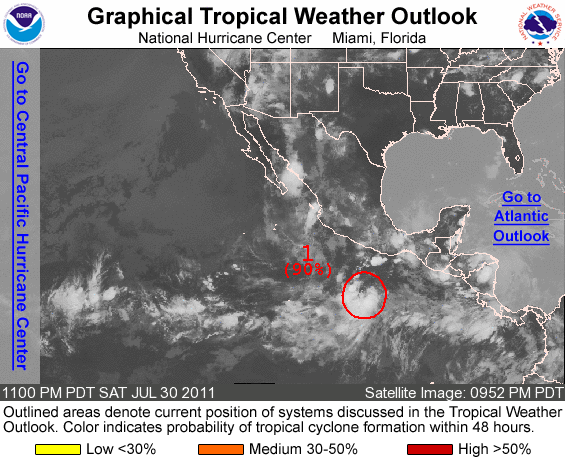
FOR THE EASTERN NORTH PACIFIC...EAST OF 140 DEGREES WEST LONGITUDE..

1. SHOWERS AND THUNDERSTORMS HAVE QUICKLY BECOME BETTER ORGANIZED NEAR A LOW CENTERED ABOUT 400 MILES SOUTH OF ACAPULCO MEXICO...AND ENVIRONMENTAL CONDITIONS ARE CONDUCIVE FOR THIS SYSTEM TO BECOME A TROPICAL DEPRESSION BY SUNDAY. THE LOW HAS A HIGH CHANCE...90 PERCENT...OF BECOMING A TROPICAL CYCLONE DURING THE NEXT 48 HOURS AS IT MOVES WEST-NORTHWESTWARD NEAR 10 MPH.

ELSEWHERE...TROPICAL CYCLONE FORMATION IS NOT EXPECTED DURING THE NEXT 48 HOURS.

FORECASTER BERG